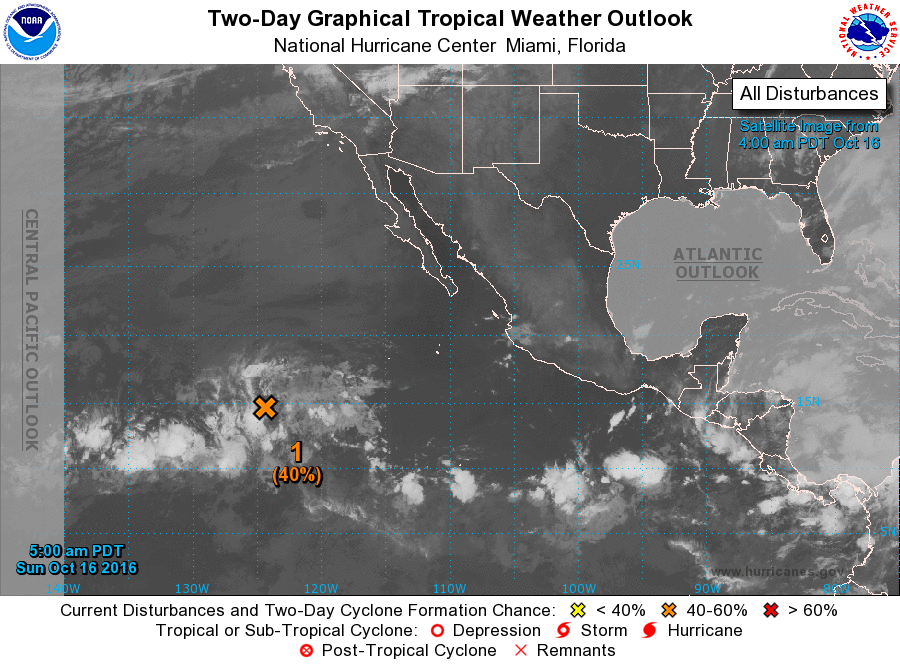
For the eastern North Pacific...east of 140 degrees west longitude:

1. A broad area of low pressure located more than 1000 miles southwest of the southern tip of the Baja California peninsula is producing disorganized shower activity. Environmental conditions are conducive for some gradual development, and a tropical depression could form during the next few days while the disturbance moves generally westward at 10 to 15 mph.
* Formation chance through 48 hours...medium...40 percent
* Formation chance through 5 days...medium...60 percent

Forecaster Cangialosi